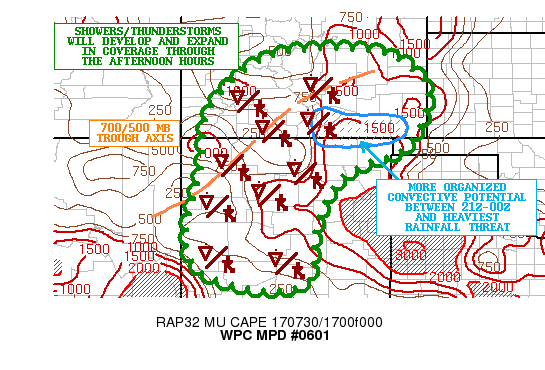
AREAS AFFECTED...NM...CENTRAL/SOUTHERN CO

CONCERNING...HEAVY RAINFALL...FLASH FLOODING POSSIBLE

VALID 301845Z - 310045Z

SUMMARY...HEAVY SHOWERS AND THUNDERSTORMS WILL DEVELOP AND EXPAND
IN COVERAGE OVER THE NEXT SEVERAL HOURS. SLOW-MOVING CELLS AND
INTENSE RAINFALL RATES MAY RESULT IN SOME FLASH FLOODING.

DISCUSSION...THE LATEST EXPERIMENTAL GOES-16 10.3 MICRON/IR
IMAGERY SHOWS CONVECTIVE INITIATION OCCURRING OVER THE HIGHER
TERRAIN OF CENTRAL/NORTHERN NM AND INTO CENTRAL/SOUTHERN CO. THE
CONVECTION IS DEVELOPING WITH ASSISTANCE OF A WEAK 700/500MB
TROUGH AXIS AND ASSOCIATED VORT ENERGY WHICH IS NOTED IN
EXPERIMENTAL GOES-16 0.64 MICRON/VIS IMAGERY ACROSS NORTHWEST AZ
EAST-NORTHEAST ACROSS CENTRAL/SOUTHERN CO. MEANWHILE...A VERY
MOIST AND INCREASINGLY UNSTABLE ENVIRONMENT IS IN PLACE GIVEN
STRONG DIURNAL HEATING AND POOLING OF MONSOONAL MOISTURE ALONG THE
AFOREMENTIONED TROUGH AXIS.

IN FACT...THE LATEST CIRA-LPW DATA SHOWS CONCENTRATED MOISTURE IN
THE 700/300MB LAYER WHICH WILL CONTRIBUTE TO EFFICIENT RAINFALL
PROCESSES. THIS COUPLED WITH OROGRAPHICS WILL SUPPORT HEAVY
RAINFALL RATES THAT COULD APPROACH 2 INCHES/HR THROUGH THIS
AFTERNOON AS CONVECTION CONTINUES TO INITIATE AND EXPAND IN
COVERAGE.

THE LATEST HIRES MODEL CONSENSUS SHOWS NUMEROUS SHOWERS AND
THUNDERSTORMS WITH LOCALLY HEAVY RAINFALL THROUGH 00Z...WITH
FORECAST AMOUNTS OF AS MUCH AS 2 TO 4 INCHES. HOWEVER...AREAS OF
FAR SOUTHERN AND SOUTHEAST CO AND SOUTH INTO NORTHEAST NM MAY
POTENTIALLY SEE LOCALLY HEAVIER AMOUNTS TO PERHAPS EVEN CLOSE TO 5
INCHES AS THE 12Z ARW/NMMB AND NSSL-WRF GUIDANCE HERE SUPPORTS
SOMEWHAT STRONGER LOW TO MID LEVEL FORCING INTERACTING WITH
STRONGER INSTABILITY AND MORE ANOMALOUS PWATS THAT ARE FORECAST TO
REACH TO OVER 2 SIGMAS ABOVE NORMAL. EXPECT FLASH FLOODING TO BE
AN INCREASING CONCERN THIS AFTERNOON AS A RESULT. WILL CONTINUE TO
MONITOR.